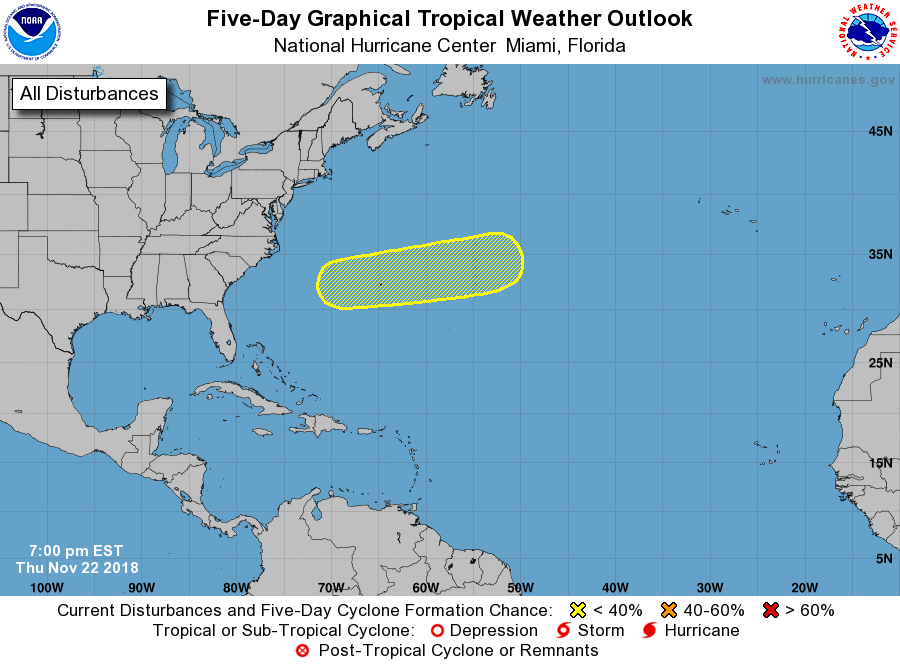
For the North Atlantic...Caribbean Sea and the Gulf of Mexico:

1. A complex, non-tropical low pressure system is forecast to develop off of the southeastern coast of the United States on Saturday. The low is then expected to move eastward to east-northeastward over the warm waters of the western and central Atlantic through the middle of next week, possibly acquiring subtropical characteristics by the time the low passes near or over Bermuda on Sunday or Monday. Interests in Bermuda should monitor the progress of this developing system over the next few days.
* Formation chance through 48 hours...low...near 0 percent.
* Formation chance through 5 days...low...20 percent.

Additional information on this system can be found in High Seas Forecasts issued by the National Weather Service, under AWIPS header NFDHSFAT1, WMO header FZNT01 KWBC, and available on the Web at https://ocean.weather.gov/shtml/NFDHSFAT1.shtml.

Forecaster Stewart